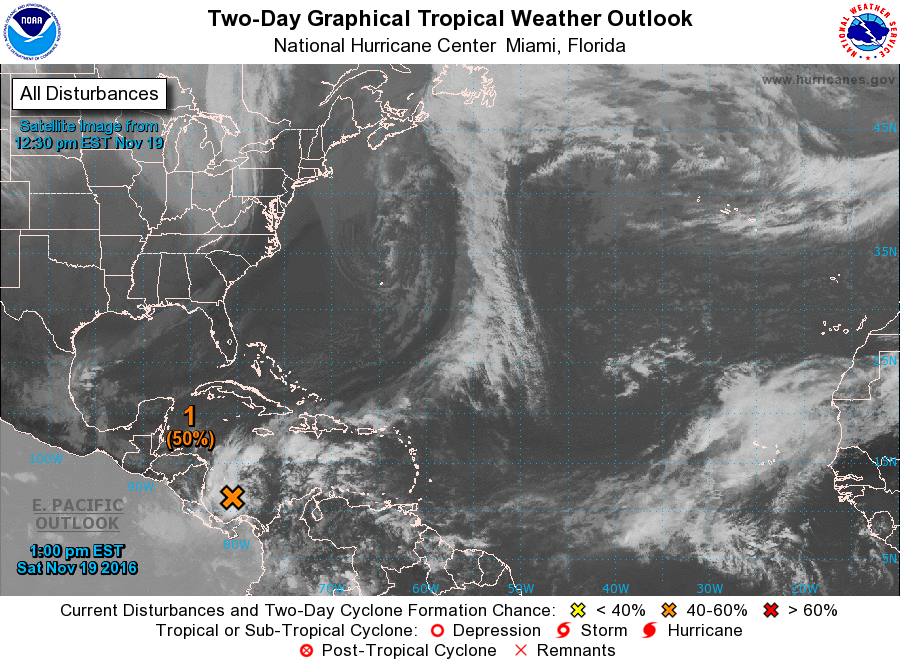
For the North Atlantic...Caribbean Sea and the Gulf of Mexico:

1. A concentrated area of showers and thunderstorms have been persisting near the center of an area of low pressure located over the southwestern Caribbean Sea. In addition, satellite data suggest that the circulation of the low continues to become better defined. Although environmental conditions are only marginally conducive for additional development, only a small increase in the organization of the low could result in the formation of a tropical depression. This low is expected to move slowly and erratically during the next few days.
* Formation chance through 48 hours...medium...50 percent
* Formation chance through 5 days...high...70 percent

Forecaster Cangialosi